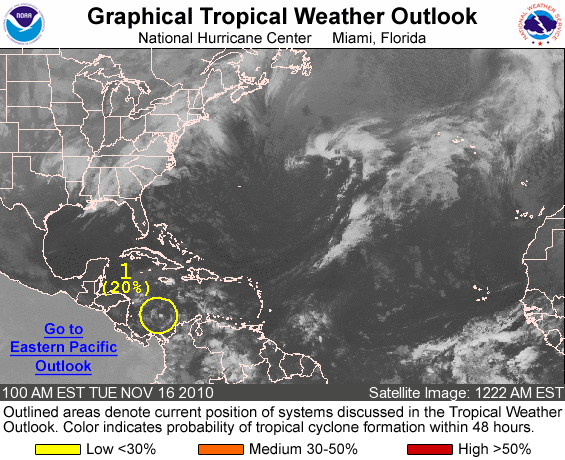
FOR THE NORTH ATLANTIC...CARIBBEAN SEA AND THE GULF OF MEXICO...

1. SHOWER ACTIVITY IS MINIMAL IN ASSOCIATION WITH A BROAD AREA OF LOW PRESSURE LOCATED OVER THE SOUTHWESTERN CARIBBEAN SEA. ENVIRONMENTAL CONDITIONS ARE ONLY MARGINALLY CONDUCIVE AND DEVELOPMENT...IF ANY...OF THIS DISTURBANCE SHOULD BE SLOW TO OCCUR AS IT DRIFTS WEST-NORTHWESTWARD OR NORTHWESTWARD DURING THE NEXT COUPLE OF DAYS. THERE IS A LOW CHANCE...20 PERCENT...OF THIS SYSTEM BECOMING A TROPICAL CYCLONE DURING THE NEXT 48 HOURS.

ELSEWHERE...TROPICAL CYCLONE FORMATION IS NOT EXPECTED DURING THE NEXT 48 HOURS.

FORECASTER CANGIALOSI